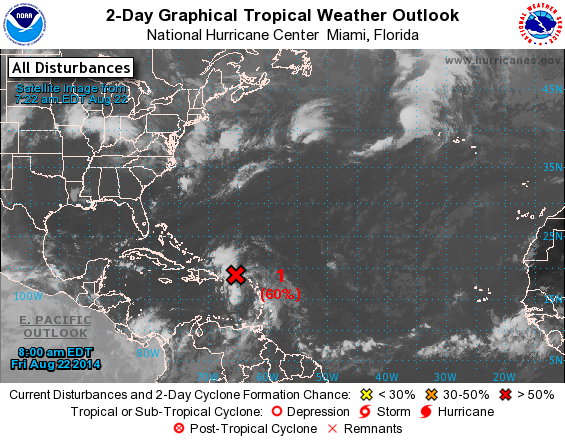
For the North Atlantic...Caribbean Sea and the Gulf of Mexico:

1. Shower and thunderstorm activity associated with a small area of low pressure located north of the Virgin Islands remains disorganized. Interaction of this system with Hispaniola could limit development through tonight. However, environmental conditions are expected to be more conducive for development when the disturbance moves near or over the southeastern Bahamas on Saturday, and a tropical depression or tropical storm is likely to form over the weekend or by early next week. Regardless of tropical cyclone formation, gusty winds and heavy rainfall are expected across portions of the Leeward Islands, Puerto Rico, and the Virgin Islands today, and over Hispaniola and the southeastern Bahamas tonight and Saturday. Interests in those islands should monitor the progress of this disturbance. An Air Force Reserve Hurricane Hunter aircraft is scheduled to investigate this system this afternoon, if necessary.
* Formation chance through 48 hours...high...60 percent.
* Formation chance through 5 days...high...80 percent.

Forecaster Brennan